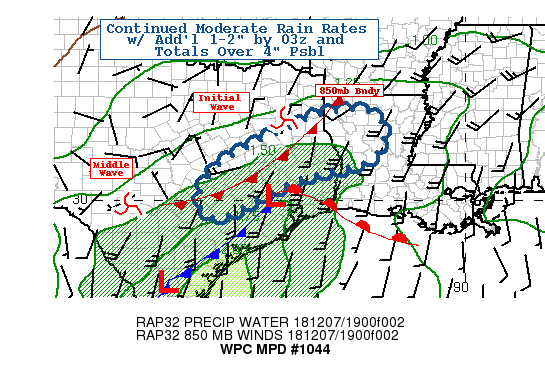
Areas affected...South Central to Eastern TX....West Central LA...

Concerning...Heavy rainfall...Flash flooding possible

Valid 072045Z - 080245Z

SUMMARY...Continued prolonged frontogentically forced moderate
shield precipitation with embedded convective elements/waves
steadily saturate area with flooding possible.

DISCUSSION...Initial mid-level shortwave continues to press
eastward in Eastern TX at this time, spurring surface cyclogenesis
near DWH.  A subtle warm front extends southeast toward BPT and
the LA coastline while a cold front extends southeast to VCT
Texas.  As the wave is passing into NW LA, the TROWAL at 850mb
remains fairly expansive across E TX into NW LA with 20-30 kts of
SWly flow overrunning the boundary supporting isentropic ascent
for a broad shield of moderate rainfall.  While the moisture is
increased with a broad wedge of total PWat values near 1.5" ahead
of the 850mb front in E TX/N LA, rain rates of .25-.5" have been
common.  The best theta-E air remains along the Western Gulf Coast
but some WAA is sufficient to support some 250 J/kg to 500 J/kg
aiding some weak convective elements that supported some .75"/hr
totals and up to 2" amounts over the last 6hrs, near UTS and
Nacogdoches to N Shelby counties in TX.

Clearly, rain rates have not been sufficient to produce flash
flooding even with these localized weak thunderstorms, but it is
the multiple bouts can lead to prolonged inundation an flooding
concerns through out the evening and early overnight hours.  This
will be driven by at least two additional waves that will approach
the area of concern.  The first wave can be seen east of the Big
Bend toward the Hill County providing enhanced ascent/confluence
of the mid-level moisture stream and southerly LLJ; the second is
the main trof axis crossing Northern Mexico and the Big Bend after
03z, likely to be discussed in future MPDs.

The focused DPVA from the first wave is enhancing broad scale
ascent and low level moisture transport with TPW values to rise
from 1.5 to greater than 1.75" into the 850 front.  Low level
veering is expected with the wave passage but slow
eastward/southward sagging of the boundary will remain fairly
stationary for continued isentropic ascent in veering low level
flow. The flux will provide similar but slightly increased
rainfall efficiency to the moderate shield precipitation across
the same axis as the wave entering LA attm. As such an additional
1-2" will fall, leading to totals of 3-4" across the MPD area
(especially further east near UTS due to longer duration) through
03z.  Inundation flooding is possible to occur and given modest
rates the inundation rises may be fast enough in localized areas
to  be considered flashy in nature.